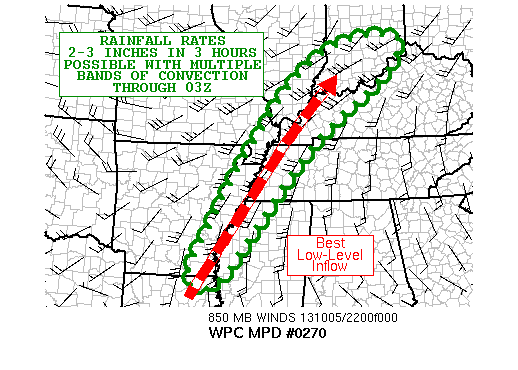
AREAS AFFECTED...EASTERN AR...WESTERN TN...WESTERN KY...SOUTHEAST
IL...SOUTHERN IN...EXTREME NORTHEAST LA...EXTREME SOUTHEAST MO

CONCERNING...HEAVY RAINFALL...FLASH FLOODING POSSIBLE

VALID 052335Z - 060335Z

SUMMARY...MULTIPLE BANDS OF CONVECTION WITH SLOW EASTWARD
PROGRESSION WILL GENERATE 3 HOURLY RAINFALL RATES OF 2-3" WITH
POTENTIALLY HIGHER AMOUNTS ACROSS A PORTION OF THE LOWER
MISSISSIPPI VALLEY NORTHEAST INTO LOWER PORTIONS OF THE OHIO
VALLEY. THESE RAINFALL RATES COULD CAUSE REGIONAL FLASH FLOODING
LATER THIS EVENING.

DISCUSSION...A DEEP LOW PRESSURE SYSTEM ACROSS THE NORTHERN PLAINS
EARLY THIS EVENING HAS AN OCCLUDED FRONT EXTENDING SOUTHEAST FROM
THE LOW INTO THE UPPER MIDWEST...WHILE FROM THERE A COLD FRONT
EXTENDS SOUTH-SOUTHWEST ACROSS THE MID AND LOWER MISSISSIPPI
VALLEYS. GIVEN THE AMPLITUDE OF THE MID AND UPPER LEVEL
TROUGH...THE SURFACE COLD FRONT IS MORE PERPENDICULAR TO THE
850-300 MB MEAN FLOW THAN OTHERWISE...THEREBY LIMITING THE
EASTWARD PROGRESSION OF THE FRONT.

TWO MAIN AREAS OF LINEAR CONVECTION WERE NOTED ALONG AND WEST OF
THE OUTLOOK AREA EARLY THIS EVENING. THE FIRST ALONG THE
PRE-FRONTAL TROUGH WHERE THE THERMODYNAMICAL PROFILE IS A BIT MORE
ROBUST (MUCAPES 1000-2000 J/KG)...WHILE THE SECOND
LINE...PREDOMINATELY ALONG THE FRONT... IS BEING SUPPORTED BY MORE
ROBUST UPPER LEVEL DYNAMICS ALONG AN AXIS OF UPPER LEVEL
DIVERGENCE AND LOWER LAYER FRONTOGENESIS. ALONG AND AHEAD OF THE
SURFACE FRONT...STRENGTHENING DEEP-LAYER SOUTH-SOUTH-SOUTHWEST
FLOW AND ATTENDANT MOISTURE FLUX IS POOLING PW VALUES UP TO 1.75
INCHES FROM THE CENTRAL GULF OF MEXICO.

AS THE LOW LEVEL JET (~850 MB) INCREASES TO 30-40 KTS THIS
EVENING...ALIGNED FAIRLY PARALLEL TO THE 850-300 MB OR APPROXIMATE
CLOUD-BEARING FLOW...ANTICIPATE MORE UPWIND PROPAGATION OF THE
LINEAR CONVECTIVE AND AS A RESULT...SHORTENING CORFIDI VECTORS
OVER THE OUTLOOK AREA. THIS WILL FAVOR BACK BUILDING CELLS WITH AN
OVERALL SLOW EASTWARD PROGRESSION OF BOTH THE FRONTAL AND
PRE-FRONTAL LINES OF CONVECTION.

IN TERMS OF THE HIGH RESOLUTION NWP GUIDANCE... THE WRF-ARF...NSSL
WRF...AND HRRR ALL SHOW ISOLATED TO SCATTERED POCKETS OF 2-3
INCHES OF GRID SCALE AREAL-AVERAGE RAINFALL ACROSS THE OUTLOOKED
AREA BETWEEN 00-06Z. THESE VALUES ARE AROUND OR IN SOME AREAS
EXCEED THE CURRENT 3 AND 6 HOURLY FLASH FLOOD GUIDANCE ACROSS THE
OUTLOOK AREA. GIVEN THE FAVORABLE COMBINATION OF WARM-SEASON
THERMODYNAMICS (PW'S SOME 2 TO 2.5 STANDARD DEVIATIONS ABOVE
NORMAL) ALONG WITH ROBUST DYNAMICAL FORCING MORE TYPICAL IN EARLY
AUTUMN...BELIEVE REGIONAL FLASH FLOODING WILL BE POSSIBLE.